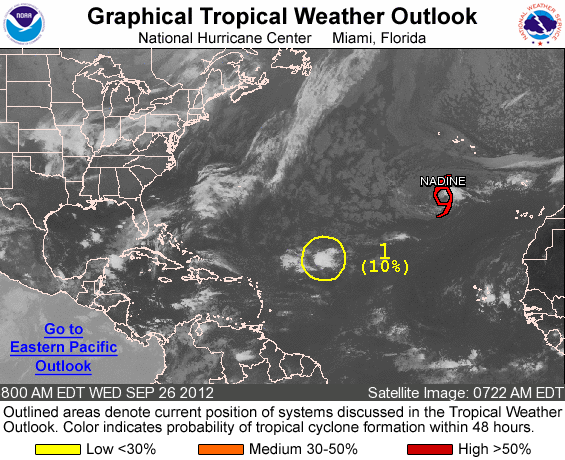
FOR THE NORTH ATLANTIC...CARIBBEAN SEA AND THE GULF OF MEXICO...

THE NATIONAL HURRICANE CENTER IS ISSUING ADVISORIES ON TROPICAL STORM NADINE...LOCATED ABOUT 530 MILES SOUTH-SOUTHWEST OF THE AZORES.

1. AN AREA OF DISTURBED WEATHER HAS FORMED ABOUT 700 MILES EAST-NORTHEAST OF THE LEEWARD ISLANDS. UPPER-LEVEL WINDS ARE CURRENTLY NOT FAVORABLE FOR ADDITIONAL DEVELOPMENT...AND THIS SYSTEM HAS A LOW CHANCE...10 PERCENT...OF BECOMING A TROPICAL CYCLONE DURING THE NEXT 48 HOURS.

ELSEWHERE...TROPICAL CYCLONE FORMATION IS NOT EXPECTED DURING THE NEXT 48 HOURS.

FORECASTER BEVEN